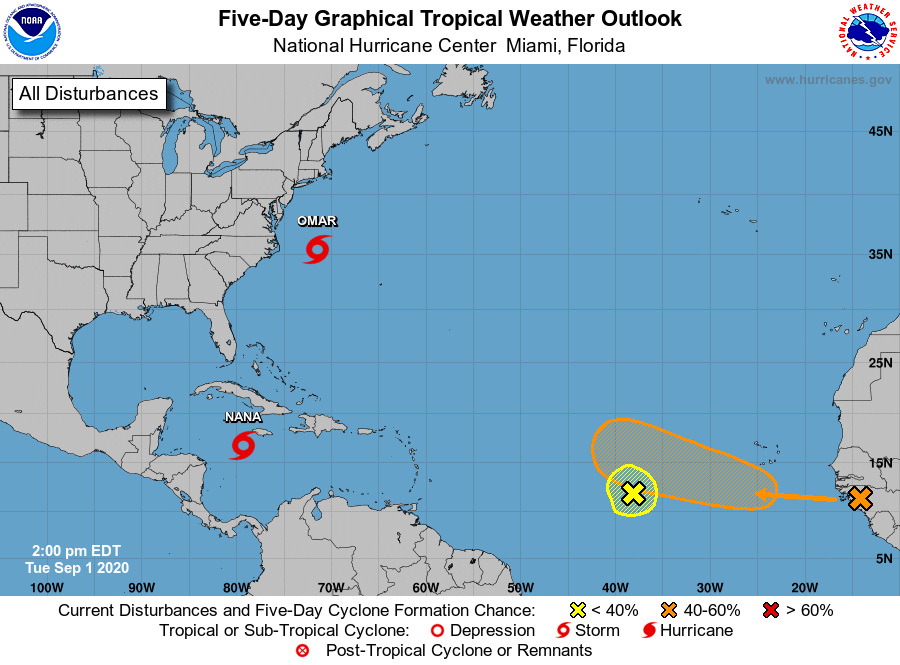
For the North Atlantic...Caribbean Sea and the Gulf of Mexico:

The National Hurricane Center is issuing advisories on Tropical Depression Fifteen, located a couple of hundred miles offshore of North Carolina, and on newly formed Tropical Storm Nana, located about 100 miles south of Jamaica.

1. A small area of low pressure has formed about midway between the Windward Islands and west Africa. Upper-level winds are marginally conducive for some slow development this week as the system meanders in the central tropical Atlantic Ocean.
* Formation chance through 48 hours...low...10 percent.
* Formation chance through 5 days...low...20 percent.

2. A tropical wave is expected to emerge off the coast of Africa in about a day and merge with a disturbance centered about 200 miles southeast of the Cabo Verde Islands in a couple of days. Gradual development of this system is then possible, and this system could become a tropical depression by this weekend while it moves slowly westward over the eastern tropical Atlantic Ocean.
* Formation chance through 48 hours...low...near 0 percent.
* Formation chance through 5 days...medium...50 percent.

Public Advisories on Tropical Storm Nana are issued under WMO header WTNT31 KNHC and under AWIPS header MIATCPAT1. Forecast/Advisories on Tropical Storm Nana are issued under WMO header WTNT21 KNHC and under AWIPS header MIATCMAT1.

Forecaster Blake/Carbin